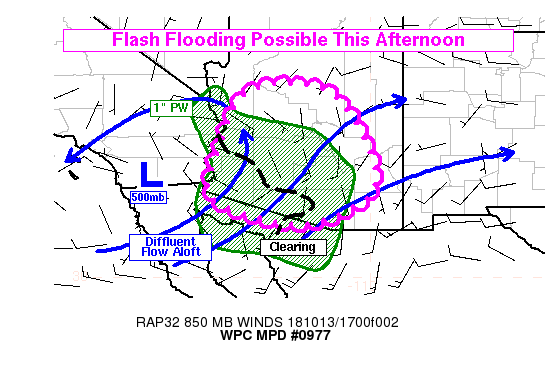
Areas affected...Arizona

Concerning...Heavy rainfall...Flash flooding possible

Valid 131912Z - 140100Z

Summary...Rain will continue across portions of Arizona into the
afternoon, and the persistent rain over several hours may lead to
flooding. Additional showers and thunderstorms producing heavy
rain may redevelop in southern Arizona, and these thunderstorms
could produce rain rates in excess of 1 in/hr, which could lead to
flash flooding.

Discussion...A well-defined mid-latitude cyclone was situated in
the general vicinity of the Lower Colorado River Valley. On GOES
water vapor channels, and with GOES derived motion winds, the
mid-upper level low was quite evident over southern California
with highly diffluent flow to the east. This diffluent flow was
sustaining an area of rain over central Arizona, and this seems
likely to continue into the early-mid afternoon hours. This was
also occurring on the nose of a 850-700mb low-level jet, with KIWA
and TPHX radar VWPs showing around 15 knots of SSE flow in those
layers. Rain rates have not been particularly high in the area of
rain, generally less than 0.5 in/hr, but embedded convective bands
have reached 0.5 to 1.0 in/hr per WSR-88D dual pol and MRMS
estimates, as well as Arizona Flood Warning System rain gauges.
Even though these rates are a little under FFG values, the
cumulative effect of persistent rain with occasionally heavy rain
bands has been sufficient to generate some flooding in the area
near and immediately southwest of Phoenix. Additional flooding
could develop in nearby areas into central Arizona provided that
large-scale forcing sustains this area of rain as expected.

Renewed convective development will be possible in the afternoon,
particularly in the Sonoran Desert region of southern and
southwest Arizona. Visible satellite imagery does show some
clearing ongoing in this region with MLCAPE just beginning to
build to around 500 j/kg per RAP analysis. This is forecast to
build further to approach 1000 j/kg in some areas during the
afternoon given the combination of diurnal heating, cooler
mid-level temperatures associated with the closed low aloft (below
the 20th percentile for October at 500mb), and anomalously high
low-level moisture content (850mb specific humidity above the 97th
percentile). Instability reaching those levels would be sufficient
to support thunderstorms, and rain rates potentially exceeding 1
in/hr. Recent runs of the HRRR attempt to focus this in two areas:
(1) From the remote parts of the desert in western Pima County
northeast toward Phoenix Metro. There's some evidence of this
happening already with a trail of convective clouds on visible
satellite and some developing showers on KIWA radar. (2) Along an
axis of stronger surface moisture convergence near an analyzed
trough near the Colorado River in far western Arizona. Afternoon
convection should not be expected to be confined to these areas,
but they may be favored for additional heavy rain and thus flash
flooding.